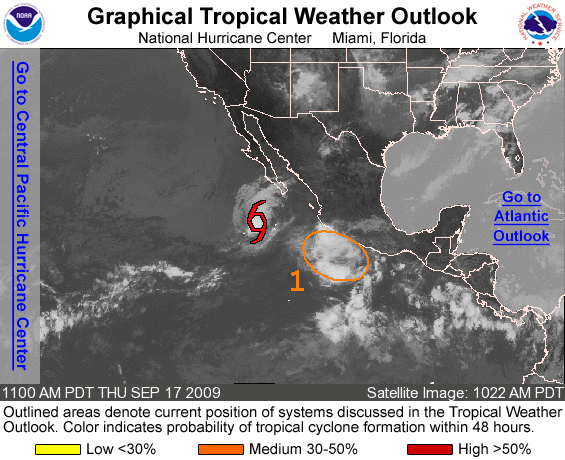
FOR THE EASTERN NORTH PACIFIC...EAST OF 140 DEGREES WEST LONGITUDE..

THE NATIONAL HURRICANE CENTER IS ISSUING ADVISORIES ON TROPICAL STORM MARTY...LOCATED ABOUT 300 MILES SOUTHWEST OF THE SOUTHERN TIP OF BAJA CALIFORNIA.

1. AN AREA OF DISTURBED WEATHER IS LOCATED ABOUT 100 MILES SOUTH OF ZIHUATANEJO MEXICO. ALTHOUGH THUNDERSTORM ACTIVITY HAS DIMINISHED DURING THE PAST FEW HOURS...THIS SYSTEM IS SHOWING SOME SIGNS OF ORGANIZATION AND CONDITIONS APPEAR FAVORABLE FOR DEVELOPMENT AS IT MOVES WEST-NORTHWESTWARD DURING THE NEXT COUPLE OF DAYS. THERE IS A MEDIUM CHANCE...30 TO 50 PERCENT...OF THIS SYSTEM BECOMING A TROPICAL CYCLONE DURING THE NEXT 48 HOURS.

ELSEWHERE...TROPICAL CYCLONE FORMATION IS NOT EXPECTED DURING THE NEXT 48 HOURS.

FORECASTER BROWN